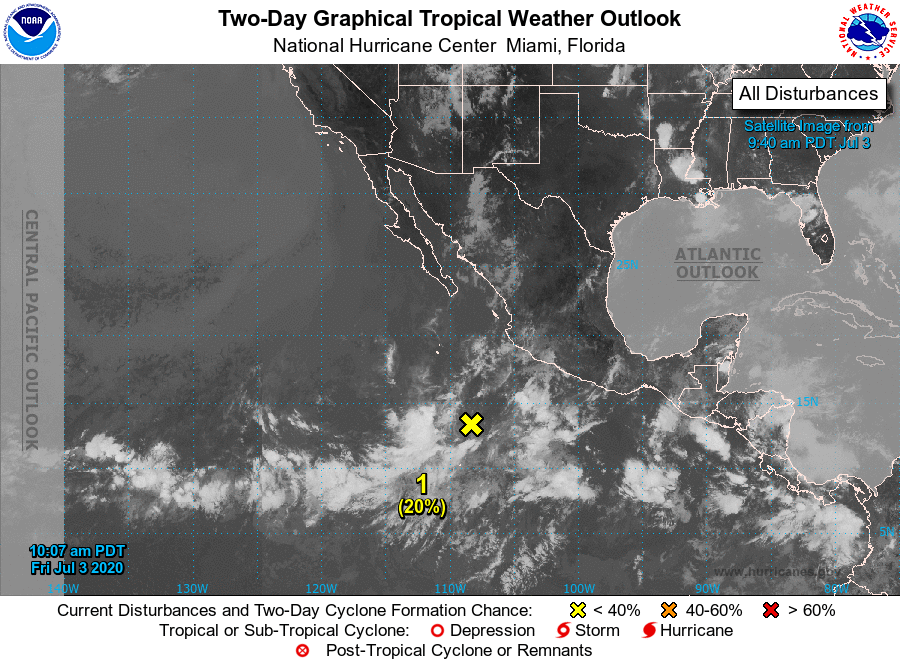
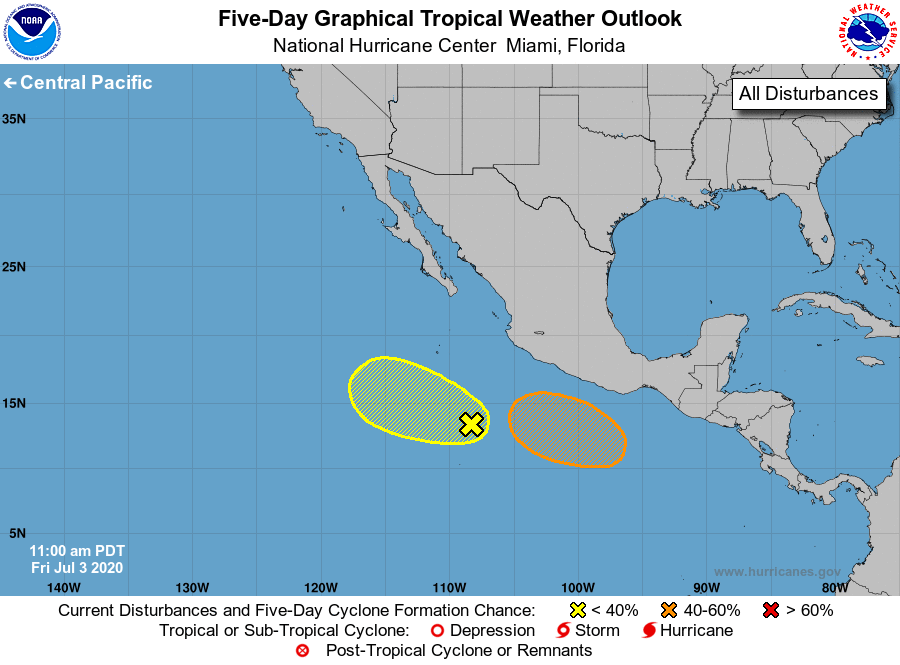
For the eastern North Pacific...east of 140 degrees west longitude:

1. Disorganized showers and a few thunderstorms continue in association with a broad area of low pressure located several hundred miles south of Manzanillo, Mexico. Some gradual development of this system is possible during the next few days while it moves west-northwestward at around 10 mph.
* Formation chance through 48 hours...low...20 percent.
* Formation chance through 5 days...low...30 percent.

2. An area of low pressure is forecast to form south of the coast of southern Mexico in a couple of days. Environmental conditions are expected to be conducive for gradual development of the system during the early and middle portions of next week while it moves west-northwestward, well south of the coast of southern Mexico.
* Formation chance through 48 hours...low...near 0 percent.
* Formation chance through 5 days...medium...40 percent.

Forecaster Cangialosi